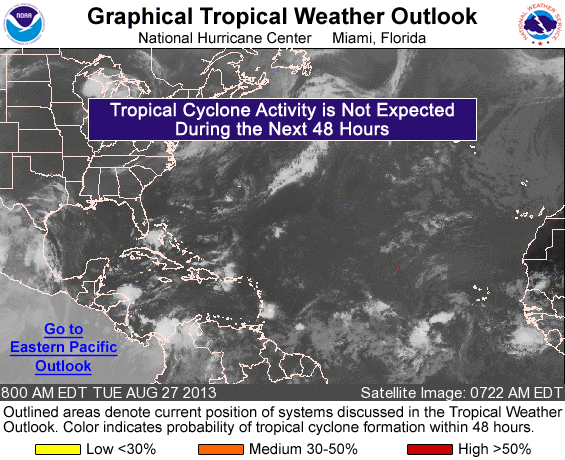
FOR THE NORTH ATLANTIC...CARIBBEAN SEA AND THE GULF OF MEXICO...

TROPICAL CYCLONE FORMATION IS NOT EXPECTED DURING THE NEXT 48 HOURS.

OTHER SYSTEMS WITH FORMATION POTENTIAL BEYOND 48 HOURS...

A TROPICAL WAVE LOCATED A FEW HUNDRED MILES SOUTHWEST OF THE CAPE VERDE ISLANDS IS EXPECTED TO MOVE WESTWARD OVER THE TROPICAL ATLANTIC AT ABOUT 15 MPH DURING THE NEXT SEVERAL DAYS. ENVIRONMENTAL CONDITIONS APPEAR SOMEWHAT CONDUCIVE FOR AN AREA OF LOW PRESSURE TO FORM EAST OF THE WINDWARD ISLANDS AROUND THE END OF THE WEEK. THIS SYSTEM HAS A LOW CHANCE...NEAR 0 PERCENT... OF BECOMING A TROPICAL CYCLONE DURING THE NEXT 48 HOURS...AND A MEDIUM CHANCE...30 PERCENT...OF BECOMING A TROPICAL CYCLONE DURING THE NEXT 5 DAYS.

&&
FIVE-DAY FORMATION PROBABILITIES ARE EXPERIMENTAL IN 2013. COMMENTS ON THE EXPERIMENTAL FORECASTS CAN BE PROVIDED AT...

HTTP://WWW.NWS.NOAA.GOV/SURVEY/NWS-SURVEY.PHP?CODE=ETWO

FORECASTER BROWN